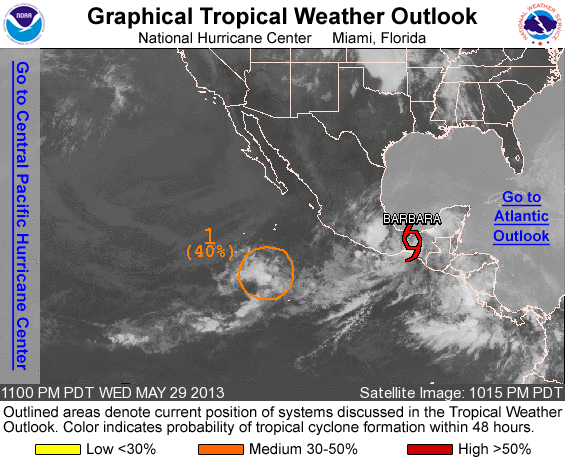
FOR THE EASTERN NORTH PACIFIC...EAST OF 140 DEGREES WEST LONGITUDE..

THE NATIONAL HURRICANE CENTER IS ISSUING ADVISORIES ON TROPICAL STORM BARBARA...LOCATED INLAND OVER SOUTHEASTERN MEXICO.

1. SHOWER AND THUNDERSTORM ACTIVITY REMAINS DISORGANIZED IN ASSOCIATION WITH AN AREA OF LOW PRESSURE LOCATED ABOUT 650 MILES SOUTH- SOUTHWEST OF THE SOUTHERN TIP OF THE BAJA CALIFORNIA PENINSULA. WHILE ENVIRONMENTAL CONDITIONS DO NOT FAVOR SIGNIFICANT STRENGTHENING...THERE IS STILL SOME POTENTIAL FOR THIS SYSTEM TO BECOME A TROPICAL DEPRESSION OVERNIGHT OR THURSDAY AS IT MOVES NORTHEASTWARD AT ABOUT 10 MPH. THIS SYSTEM HAS A MEDIUM CHANCE...40 PERCENT...OF BECOMING A TROPICAL CYCLONE DURING THE NEXT 48 HOURS.

ELSEWHERE...TROPICAL CYCLONE FORMATION IS NOT EXPECTED DURING THE NEXT 48 HOURS.

FORECASTER BRENNAN